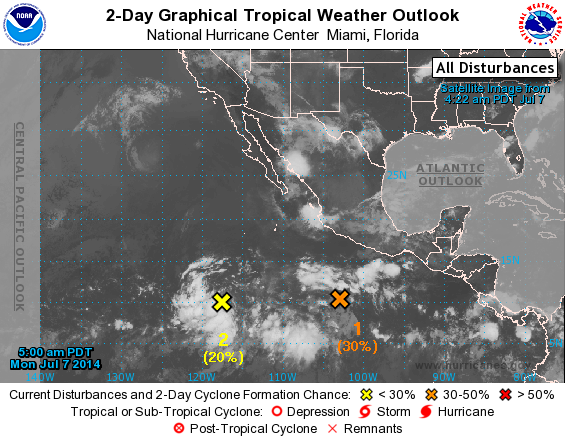
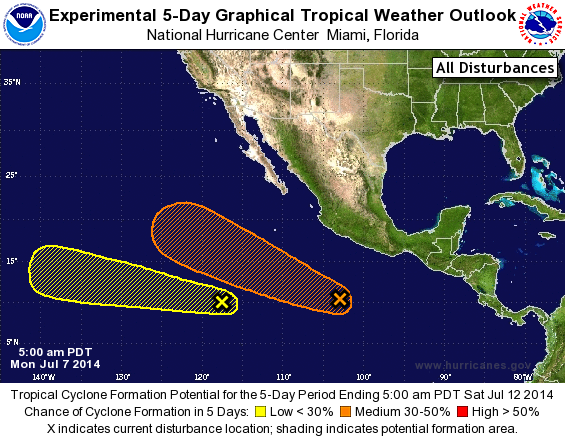
For the eastern North Pacific...east of 140 degrees west longitude:

1. A broad area of low pressure, located several hundred miles southwest of Acapulco, Mexico, is producing a large area of disorganized showers and thunderstorms. Gradual development of this system is possible during the next couple of days while it moves west-northwestward at 10 to 15 mph.
* Formation chance through 48 hours...medium...30 percent.
* Formation chance through 5 days...medium...40 percent.

2. A small low pressure area located several hundred miles south-southwest of the southern tip of the Baja California peninsula continues to produce disorganized showers and thunderstorms. Any development this disturbance should be slow to occur during the next few days while it moves generally westward at 10 to 15 mph.
* Formation chance through 48 hours...low...20 percent.
* Formation chance through 5 days...low...20 percent.

Forecaster Roberts